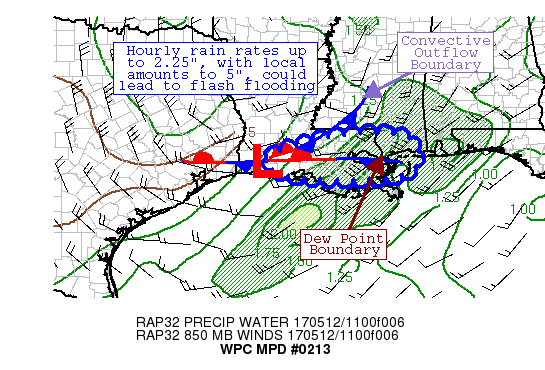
AREAS AFFECTED...SOUTHERN LA

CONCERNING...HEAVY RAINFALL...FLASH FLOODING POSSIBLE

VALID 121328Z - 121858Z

SUMMARY...THUNDERSTORMS ARE BEGINNING TO BROADEN AND SHOW TRAINING
CHARACTERISTICS NEAR I-10.  WITH HOURLY RAIN RATES UP TO 2.25",
AND LOCAL AMOUNTS UP TO 5" EXPECTED, FLASH FLOODING IS POSSIBLE.

DISCUSSION...AN OUTFLOW BOUNDARY MOVING IN FROM THE NORTH APPEARS
TO BE STALLING IN SOUTHWEST LA.  A DEW POINT DISCREPANCY NEAR I-10
APPEARS TO BE STARTING TO ACT AS A FOCUS FOR CONVECTION AND
BROADEN THE PRECIPITATION FOOTPRINT ACROSS SOUTHERN LA.
DIVERGENCE ALOFT IS PLENTIFUL BETWEEN THE SUBTROPICAL AND SOUTHERN
STREAM JET STREAMS. NO CIN EXISTS IN THIS REGION; MLCAPES OF
1000-2000 J/KG ARE BEING ADVECTED IN BY WEST-SOUTHWEST INFLOW OF
20-25 KTS (PER VAD WIND PROFILE INFORMATION).  THE WIND FLOW IS
NEARLY UNIDIRECTIONAL WITH HEIGHT WHICH IS LIKELY LEADING TO THE
TRAINING PATTERN.  PRECIPITABLE WATER VALUES ARE 1.5-1.8" PER GPS
DATA AND NEARBY RADIOSONDE INFORMATION.  BULK SHEAR IN THE 0-6 KM
LAYER IS 35-50 KTS.

THE AMOUNT OF BULK SHEAR SUPPORTS MULTICELLS AND POSSIBLE
MESOCYCLONES, WHICH COULD ENHANCE THE HEAVY RAIN RISK.  IN THE
SHORTER TERM, CELL MERGERS BETWEEN THE LESS ORGANIZED CONVECTION
ALONG THE DEW POINT GRADIENT AND CONVECTION MOVING DOWN FROM THE
CONVECTIVE ARC COULD LEAD TO MERGERS.  HOURLY RAIN RATES UP TO
2.25" ARE ANTICIPATED.  THE MESOSCALE GUIDANCE HAS A FAIRLY
COHESIVE SIGNAL HERE, INDICATING LOCAL AMOUNTS IN THE 2-4" RANGE.
BELIEVE 5" IS A BETTER UPPER BOUND FOR LOCAL AMOUNTS AS CELL
MOTION HAS BEEN EAST ~25 KTS LATELY AND THE BAND IS CLOSE TO 75 NM
LONG.  FORWARD PROGRESSION COULD SPEED UP TO 35 KTS IF CONVECTION
ORGANIZES PER PROPAGATION VECTORS, SO THERE IS UNCERTAINTY
REGARDING THE UPPER BOUND OF RAINFALL HERE.  THIS AMOUNT OF RAIN
COULD LEAD TO FLASH FLOODING IN AN AREA THAT HAS RECEIVED HEAVY
RAINFALL OVER THE PAST COUPLE WEEKS, PARTICULARLY IN URBAN AREAS
NEAR I-10 AND I-12.